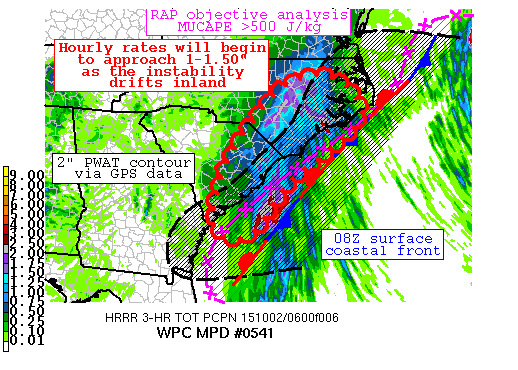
AREAS AFFECTED...COASTAL SC/NC...

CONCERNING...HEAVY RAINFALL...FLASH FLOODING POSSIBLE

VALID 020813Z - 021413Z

SUMMARY...AN UPTICK IN THE HOURLY RAINFALL RATES ALONG THE NC/SC
HAVE BEEN NOTED WITH VALUES APPROACHING THE 0.75 TO 1 INCH RANGE.
INSTABILITY HAS BEEN CONFINED TO THE COASTAL WATERS BUT SHOULD
SLOWLY MIGRATE INLAND CARRYING SOME OF THE DEEPER CONVECTION INTO
COASTAL LOCATIONS. DEEP-LAYERED MOISTURE COMBINED WITH STRONG
LOW-LEVEL CONVERGENCE SHOULD PROMOTE HEAVY RAINFALL CAPABLE OF
PRODUCING A THREAT FOR FLASH FLOODING THROUGH THE MORNING.

DISCUSSION...THE 08Z SURFACE ANALYSIS INDICATED A WELL-DEFINED
FRONT JUST OFFSHORE OF THE CAROLINA COAST WITH ABUNDANT MOISTURE
IN PLACE AS PWATS REMAIN IN THE 2 TO 2.25 INCH RANGE. THE DEEPEST
CONVECTION OVERNIGHT HAS BEEN IN THE COASTAL WATERS WITH CLOUD
TOPS REACHING -70C IN SOME OF THE STRONGER UPDRAFTS. SOME OF THE
HEAVIER RAINFALL HAS BEGUN TO SPREAD INLAND PER MESONET
OBSERVATIONS FROM ALONG THE NC/SC BORDER WHERE 1.60 INCHES HAS
FALLEN IN THE PAST 2 HOURS. EXPECT THE COVERAGE OF HEAVY RAINFALL
TO CONTINUE TO EXPAND AND MIGRATE INLAND DURING THE NEXT SEVERAL
HOURS. THIS NOTION IS SUPPORTED BY MANY OF THE MESOSCALE MODELS.
ONE OF THE MAJOR LIMITING FACTORS IS THE LACK OF INSTABILITY WITH
CURRENT MUCAPES BELOW 500 J/K OVER THE COASTLINE. MANY SOLUTIONS
DO SHOW THESE HIGHER BUOYANCY PROFILES SLOWLY ADVECTING INLAND
WHICH WOULD BRING SOME OF THE HIGHER RAINFALL RATES INTO NC/SC.

EVALUATING THE PAST SEVERAL RUNS OF THE HRRR...THERE HAS BEEN A
NOTABLE WESTWARD TREND IN THE 6-HOUR PRECIPITATION ENDING AT 12Z.
THUS...ADJUSTED THE MPD AREA A BIT MORE INLAND TO ACCOUNT FOR
THESE MULTI-CYCLE TRENDS. OTHER AVAILABLE CAMS TENDED TO FAVOR A
SOLUTION CLOSER TO THE COAST. DECIDED TO ACCOUNT FOR BOTH
SCENARIOS HERE AND WILL LET DAY SHIFT RE-EVALUATE THE SITUATION.
PLEASE VIEW THE LATEST SPE FROM NESDIS/SAB FOR MORE INFORMATION ON
THIS EVENT.